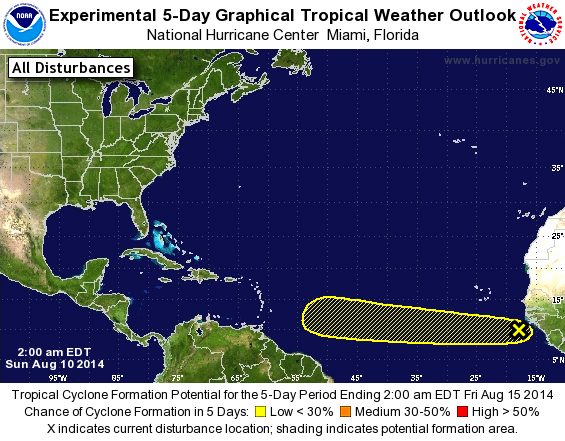
For the North Atlantic...Caribbean Sea and the Gulf of Mexico:

1. A tropical wave located just offshore of the coast of west Africa is producing an area of disorganized showers and thunderstorms. Any development of this system is expected to be slow to occur over the next several days while it moves to the west at 15 to 20 mph.
* Formation chance through 48 hours...low...10 percent.
* Formation chance through 5 days...low...20 percent.

Forecaster Blake